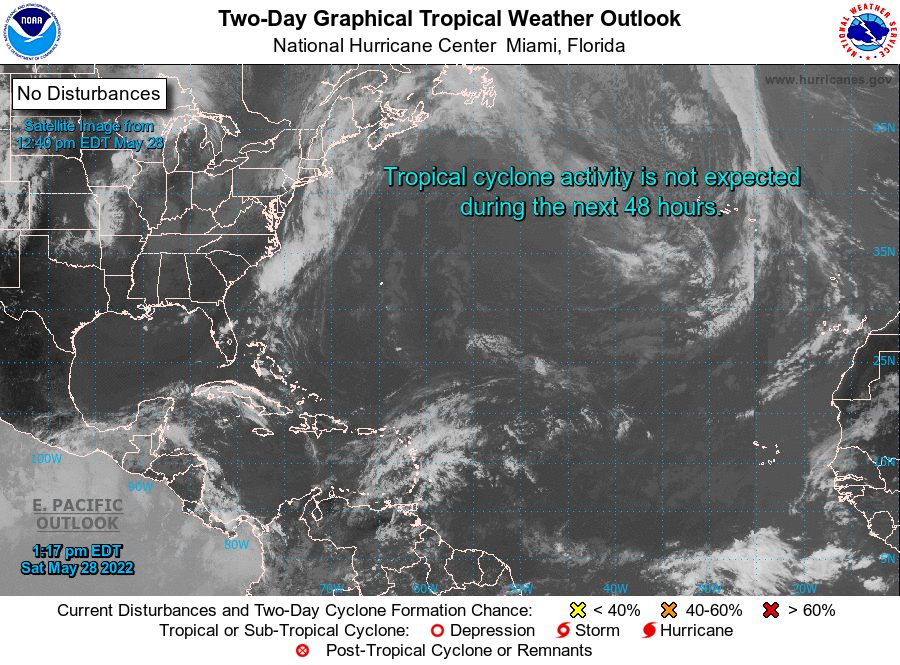
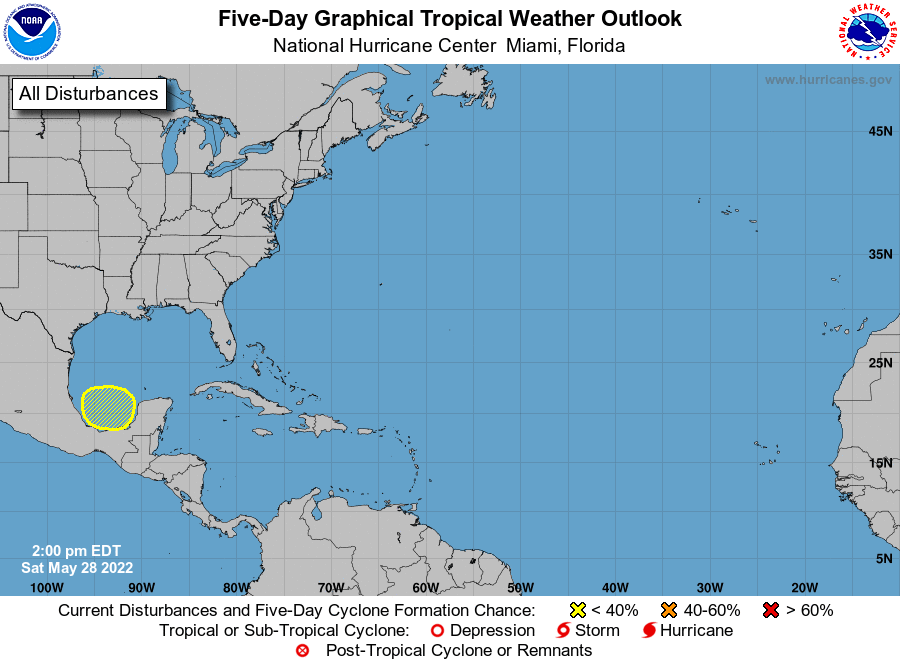
For the North Atlantic...Caribbean Sea and the Gulf of Mexico:

1. Southwest Gulf of Mexico: A broad area of low pressure is expected to form over the southern part of the Bay of Campeche by the middle of next week. Afterward, some gradual development is possible while the system drifts generally eastward.
* Formation chance through 48 hours...low...near 0 percent.
* Formation chance through 5 days...low...20 percent.

Forecaster Roberts